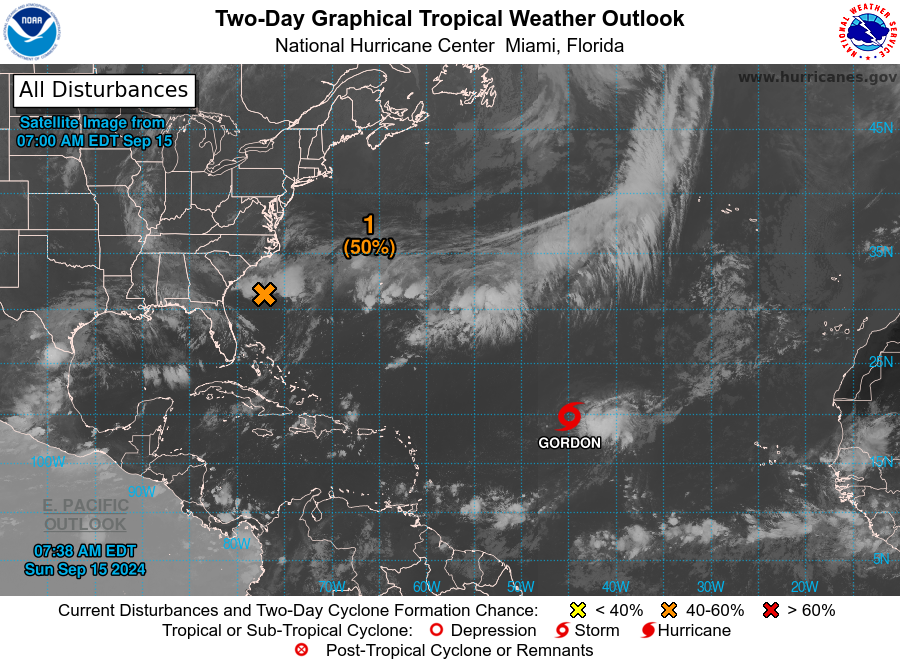
For the North Atlantic...Caribbean Sea and the Gulf of Mexico:

Active Systems: The National Hurricane Center is issuing advisories on Tropical Storm Gordon, located over the central tropical Atlantic Ocean.

Offshore the Southeastern U.S. Coast (AL95): A non-tropical low pressure area is located along a frontal boundary a couple of hundred miles off the southeastern U.S. coast, and is producing winds to gale force north of its center. The low is forecast to move northwestward or northward over the warm waters of the Gulf Stream toward the coasts of North Carolina and South Carolina, and it could become a subtropical or tropical storm during the next day or two if the associated front dissipates and showers and thunderstorms become sufficiently organized.

1. Regardless of tropical or subtropical development, the low is likely to bring gusty winds, heavy rains with the potential for flash flooding, coastal flooding, and dangerous beach conditions to portions of the U.S. Southeast and Mid-Atlantic coast during the next couple of days, and interests in these areas should monitor the system's progress. Additional information can be found in products issued by your local National Weather Service Forecast Office and High Seas Forecasts issued by the National Weather Service.
* Formation chance through 48 hours...medium...50 percent.
* Formation chance through 7 days...medium...50 percent.

High Seas Forecasts issued by the National Weather Service can be found under AWIPS header NFDHSFAT1, WMO header FZNT01 KWBC, and online at ocean.weather.gov/shtml/NFDHSFAT1.php

Forecaster Pasch